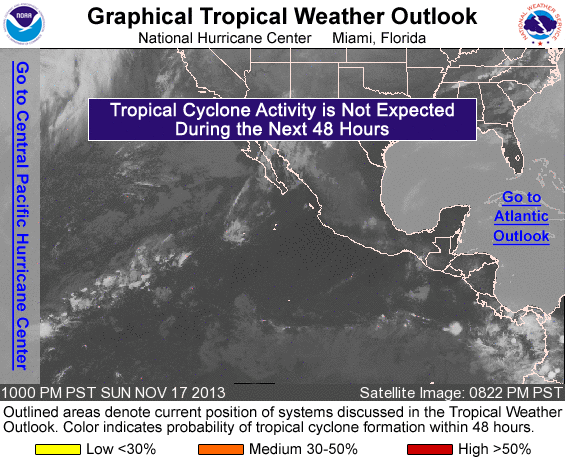
FOR THE EASTERN NORTH PACIFIC...EAST OF 140 DEGREES WEST LONGITUDE..

TROPICAL CYCLONE FORMATION IS NOT EXPECTED DURING THE NEXT 5 DAYS.

&&
FIVE-DAY FORMATION PROBABILITIES ARE EXPERIMENTAL IN 2013. COMMENTS ON THE EXPERIMENTAL FORECASTS CAN BE PROVIDED AT...

HTTP://WWW.NWS.NOAA.GOV/SURVEY/NWS-SURVEY.PHP?CODE=ETWO

FORECASTER BROWN